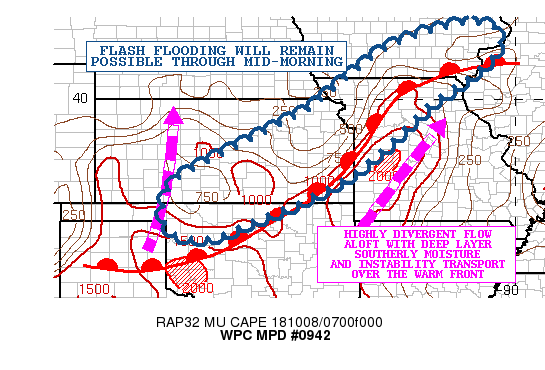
Areas affected...Northern OK...South-Central to Eastern
KS...West-Central to Northern MO...Southern IA

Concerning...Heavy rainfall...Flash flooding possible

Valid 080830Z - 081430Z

Summary...Heavy rainfall with locally repeating rounds of showers
and thunderstorms can be expected through mid-morning. Flash
flooding will be possible.

Discussion...The latest GOES-16 WV imagery shows a highly
divergent flow pattern across the central Plains downstream of a
strong deep layer closed low/trough axis across the Four Corners
region. The resulting deep layer southerly flow across the Plains
continues to transport anomalous moisture northward with PWATS of
1.6 to 1.8 inches which is a solid 2 to 3 standard deviations
above normal. A dual-fetch of moisture is in place, with low level
moisture from the Gulf of Mexico, and mid to high level moisture
coming north from the eastern Pacific and across mainland Mexico.

Meanwhile, a warm front is seen lifting northward and there is at
least a modest degree of instability continuing to pool along and
north of the boundary which has been facilitating a large area of
elevated convection throughout the night across the central Plains
and the Midwest. MUCAPE values as per the latest RAP analysis
remain as high as 1000 to 2000 j/kg with the strongest nose of
instability focused up across southwest to northeast MO to the
southeast of the front.

Over the next several hours, an expansive area of heavy showers
and thunderstorms will continue to focus north of the front with
occasional repeating of cell activity. This will foster heavy
rainfall amounts in addition to what has already fallen.

The latest hires model guidance including the HRRR has generally
been too far north with its QPF axis overnight, but adjusting the
axis a bit further south will support areas of far northern OK,
south-central/eastern KS and west-central MO seeing an additional
2 to 4 inches of rain through mid-morning. Meanwhile, adjacent
areas of northern MO and southern IA may see as much as 1 to 3
inches. Given the wet antecedent conditions that are in place
across many of these areas, some flash flooding will be possible
this morning.